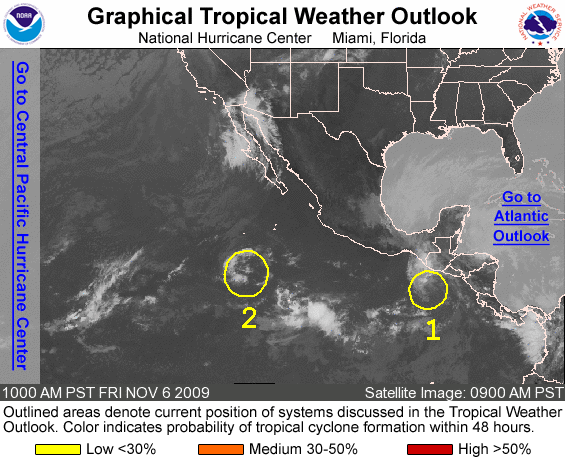
FOR THE EASTERN NORTH PACIFIC...EAST OF 140 DEGREES WEST LONGITUDE..

1. SHOWER AND THUNDERSTORM ACTIVITY REMAINS MINIMAL IN ASSOCIATION WITH AN AREA OF LOW PRESSURE LOCATED A COUPLE OF HUNDRED MILES SOUTH OF THE MEXICO/GUATEMALA BORDER. UPPER-LEVEL WINDS ARE NOT CONDUCIVE FOR SIGNIFICANT DEVELOPMENT OF THIS SYSTEM AS IT MOVES SLOWLY NORTHWARD OR NORTHEASTWARD. THERE IS A LOW CHANCE...LESS THAN 30 PERCENT... OF THIS SYSTEM BECOMING A TROPICAL CYCLONE DURING THE NEXT 48 HOURS

2. CLOUDINESS AND SHOWERS ASSOCIATED WITH AN AREA OF LOW PRESSURE LOCATED ABOUT 750 MILES SOUTH-SOUTHWEST OF THE SOUTHERN TIP OF BAJA CALIFORNIA HAVE DIMINISHED AND DEVELOPMENT OF THIS SYSTEM IS NOT ANTICIPATED. THERE IS A LOW CHANCE...LESS THAN 30 PERCENT...OF THIS SYSTEM BECOMING A TROPICAL CYCLONE DURING THE NEXT 48 HOURS AS IT MOVES SLOWLY WESTWARD.

ELSEWHERE...TROPICAL CYCLONE FORMATION IS NOT EXPECTED DURING THE NEXT 48 HOURS.

FORECASTER BLAKE